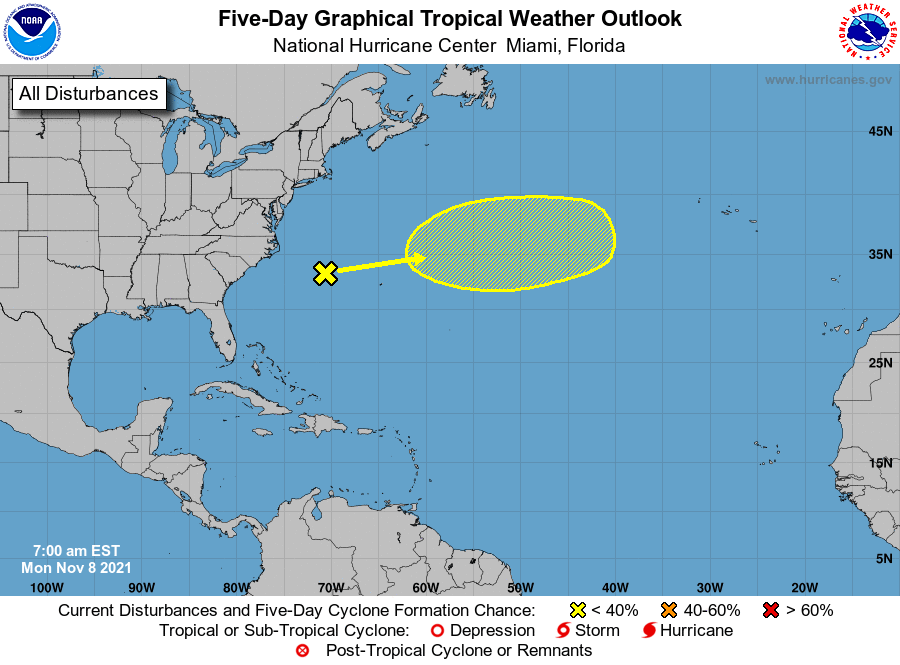
For the North Atlantic...Caribbean Sea and the Gulf of Mexico:

1. A non-tropical low pressure system with storm-force winds is located a couple of hundred miles east-southeast of Cape Hatteras, North Carolina. This system is forecast to move east-northeastward during the next several days, and it could gradually lose its frontal characteristics by mid-week over the subtropical Atlantic Ocean. By early this weekend, the low could acquire some subtropical characteristics while it moves eastward or east-northeastward over the open waters of the central Atlantic Ocean. For more information on this system, including storm and coastal flood warnings, see products issued by your local National Weather Service office and High Seas Forecasts issued by the National Weather Service.
* Formation chance through 48 hours...low...near 0 percent.
* Formation chance through 5 days...low...20 percent.

High Seas Forecasts issued by the National Weather Service can be found under AWIPS header NFDHSFAT1, WMO header FZNT01 KWBC, and online at ocean.weather.gov/shtml/NFDHSFAT1.php

Forecaster Roberts